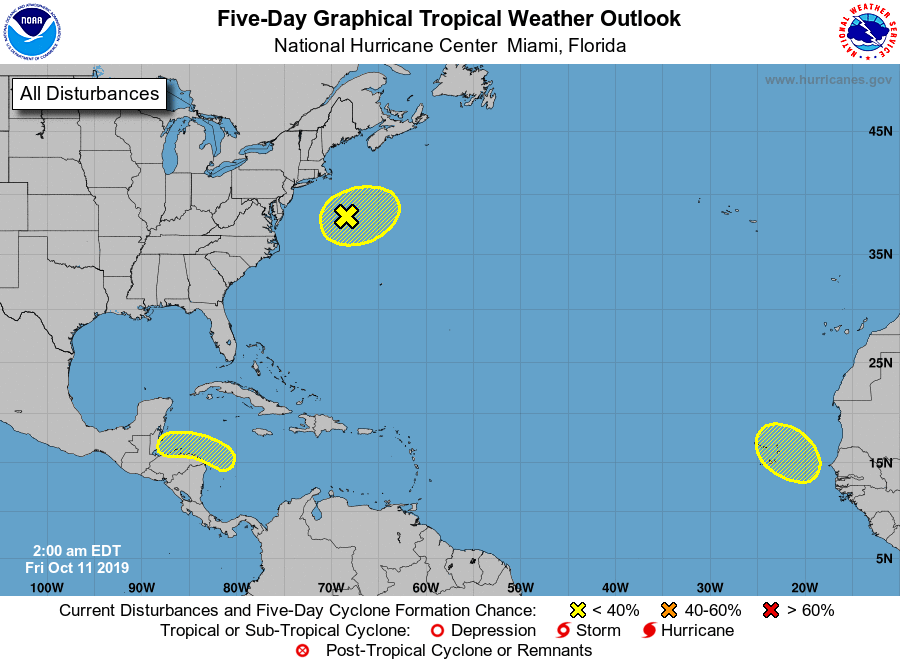
For the North Atlantic...Caribbean Sea and the Gulf of Mexico:

1. A non-tropical low pressure system located off the northeastern and mid-Atlantic coasts of the United States is producing widespread showers, a few thunderstorms, and storm-force winds. The low is expected to continue meandering off the coast during the next day or so, producing strong winds, coastal flooding, heavy rainfall, and rough surf along portions of the mid-Atlantic and northeastern United States coasts through Saturday. Environmental conditions are not conducive for significant subtropical or tropical development of the low, especially after upper-level winds increase over the system during the weekend. Additional information on this system can also be found in local products and High Seas Forecasts issued by the National Weather Service.
* Formation chance through 48 hours...low...20 percent.
* Formation chance through 5 days...low...20 percent.

2. A broad area of low pressure is expected to form over the western Caribbean Sea during the weekend. This system is forecast to move westward toward Central America early next week, and some development is possible if the low remains over water while moving near the coasts of Honduras, Guatemala, and Belize.
* Formation chance through 48 hours...low...near 0 percent.
* Formation chance through 5 days...low...20 percent.

3. A tropical wave, accompanied by a broad area of low pressure, is expected to move off the west coast of Africa on Sunday. Although the far eastern Atlantic is not climatologically favorable for tropical cyclone formation this late in the hurricane season, some development of this system appears possible early next week while it moves generally northwestward near or over the Cabo Verde Islands.
* Formation chance through 48 hours...low...near 0 percent.
* Formation chance through 5 days...low...20 percent.

High Seas Forecasts issued by the National Weather Service can be found under AWIPS header NFDHSFAT1, WMO header FZNT01 KWBC, and online at ocean.weather.gov/shtml/NFDHSFAT1.php

Forecaster Berg